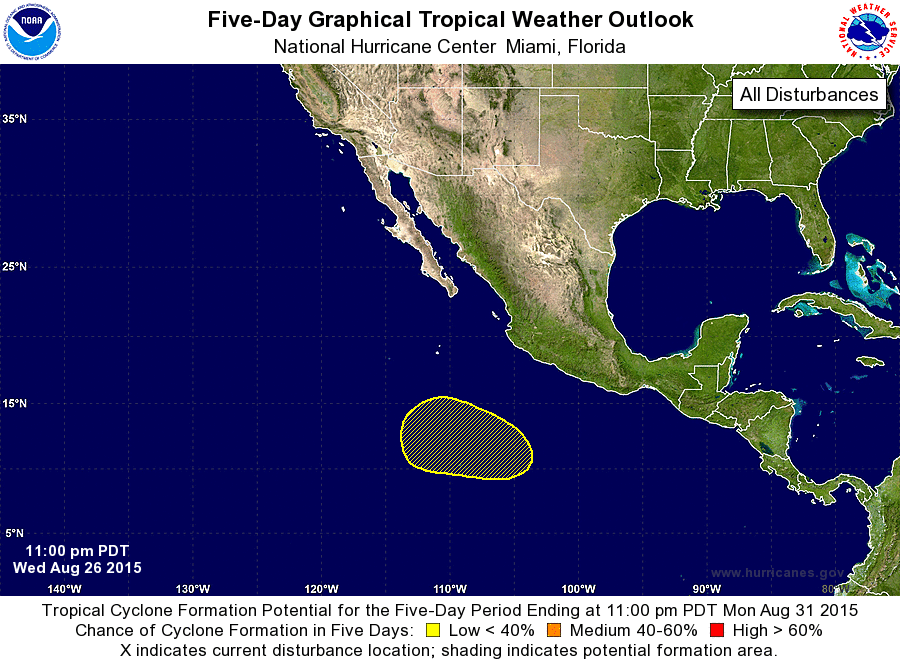
For the eastern North Pacific...east of 140 degrees west longitude:

The National Hurricane Center is issuing advisories on Hurricane Ignacio, located well to the east-southeast of the Hawaiian Islands, and on Tropical Depression Thirteen-E, located several hundred miles south-southwest of the southern tip of the Baja California peninsula.

1. An area of low pressure is expected to form several hundred miles southwest of Mexico over the weekend. Environmental conditions could be conducive for some development after that time while the system moves generally to the west-northwest at 10 to 15 mph.
* Formation chance through 48 hours...low...near 0 percent
* Formation chance through 5 days...low...20 percent

Public Advisories on Tropical Depression Thirteen-E are issued under WMO header WTPZ33 KNHC and under AWIPS header MIATCPEP3. Forecast/Advisories on Tropical Depression Thirteen-E are issued under WMO header WTPZ23 KNHC and under AWIPS header MIATCMEP3.

Forecaster Blake